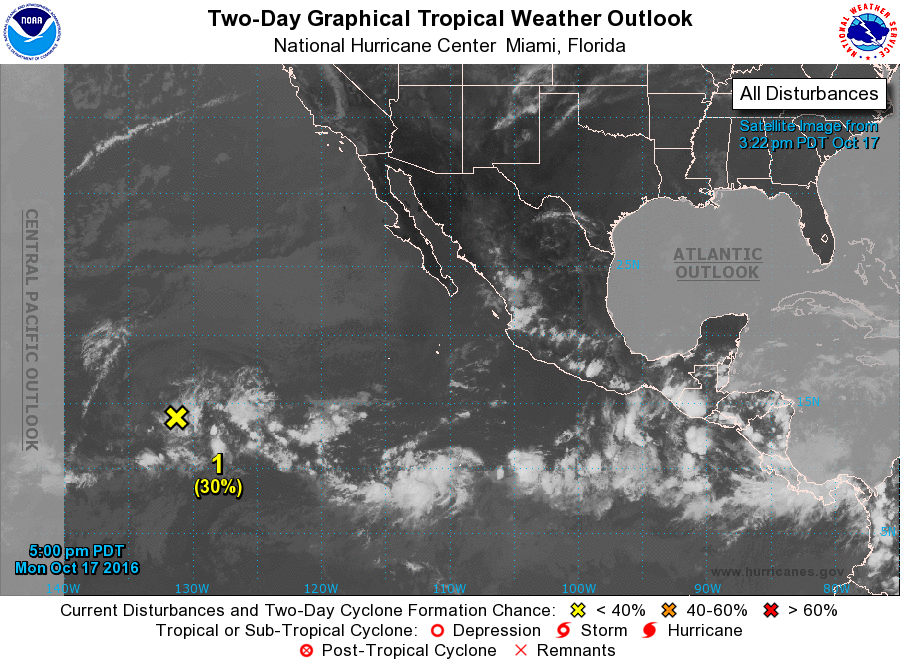
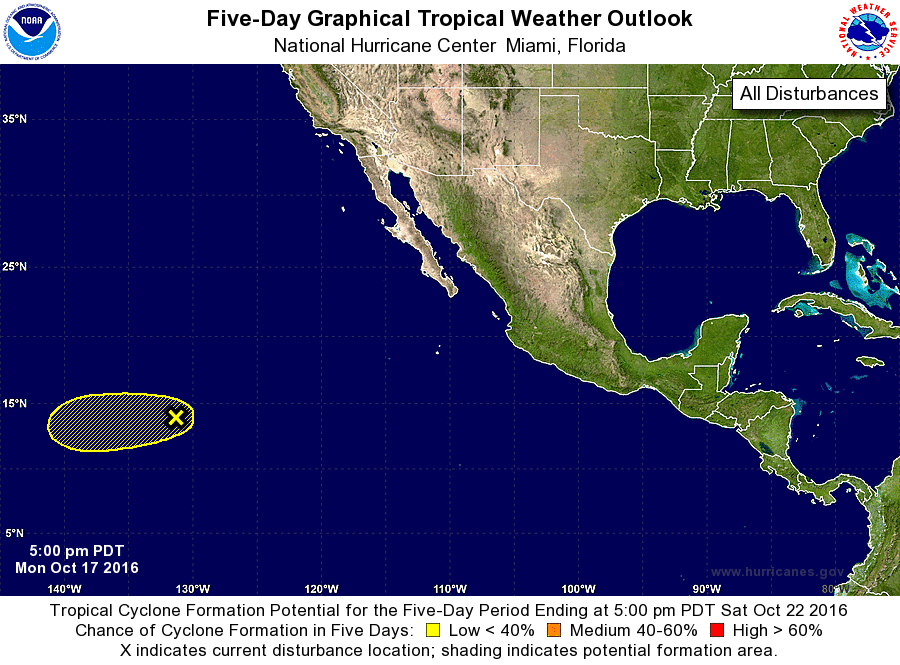
For the eastern North Pacific...east of 140 degrees west longitude:

1. A low pressure system located about 1525 miles west-southwest of the southern tip of the Baja California peninsula continues to produce disorganized showers and thunderstorms. Some slow development of this system is still possible during the next couple of days before environmental conditions become less conducive. The disturbance is forecast to move west-southwestward at about 10 mph during the next few days.
* Formation chance through 48 hours...low...30 percent
* Formation chance through 5 days...low...30 percent

Forecaster Brown